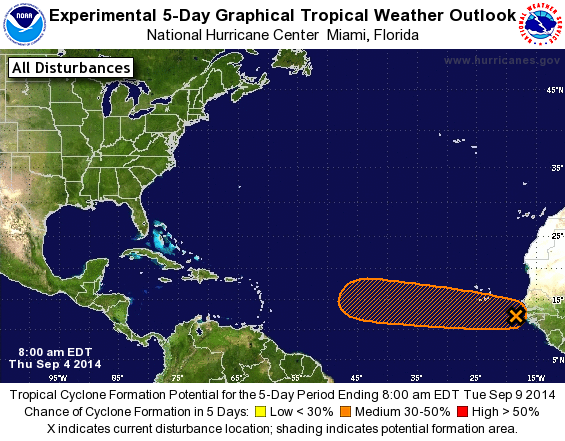
For the North Atlantic...Caribbean Sea and the Gulf of Mexico:

1. A tropical wave, accompanied by a broad low pressure system, is located a few hundred miles east-southeast of the Cape Verde Islands. Environmental conditions are expected to be conducive for some development of this disturbance through early next week while it moves westward at about 15 mph.
* Formation chance through 48 hours...low...10 percent.
* Formation chance through 5 days...medium...40 percent.

Forecaster Pasch